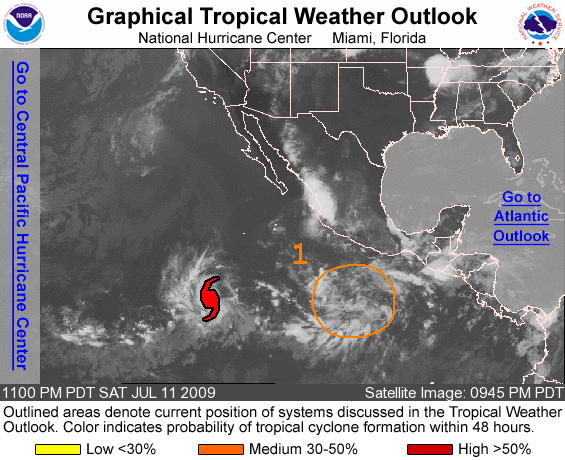
FOR THE EASTERN NORTH PACIFIC...EAST OF 140 DEGREES WEST LONGITUDE..

THE NATIONAL HURRICANE CENTER IS ISSUING ADVISORIES ON HURRICANE CARLOS...CENTERED ABOUT 1045 MILES SOUTHWEST OF THE SOUTHERN TIP OF BAJA CALIFORNIA.

1. A BROAD AREA OF LOW PRESSURE LOCATED ABOUT 475 MILES SOUTH OF ACAPULCO MEXICO IS PRODUCING DISORGANIZED SHOWERS AND THUNDERSTORMS. CONDITIONS CONTINUE TO APPEAR FAVORABLE FOR GRADUAL DEVELOPMENT OF THIS SYSTEM DURING THE NEXT COUPLE OF DAYS AS IT MOVES WESTWARD AROUND 10 MPH. THERE IS A MEDIUM CHANCE...30 TO 50 PERCENT...OF THIS SYSTEM BECOMING A TROPICAL CYCLONE DURING THE NEXT 48 HOURS.

ELSEWHERE...TROPICAL CYCLONE FORMATION IS NOT EXPECTED DURING THE NEXT 48 HOURS.

FORECASTER KIMBERLAIN/PASCH